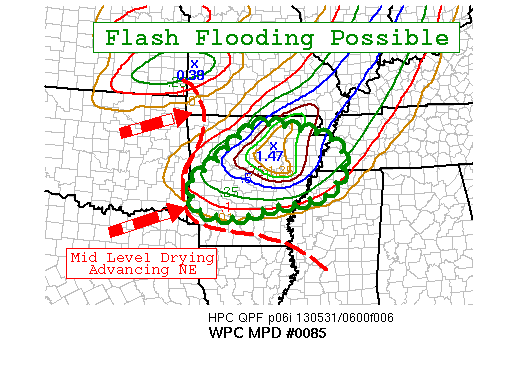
AREAS AFFECTED...CENTRAL AND NORTHEAST AR...FAR WESTERN TN...FAR
NORTHWESTERN MS

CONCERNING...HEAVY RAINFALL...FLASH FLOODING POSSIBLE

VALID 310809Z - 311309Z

SUMMARY...TRAINING STORMS WITH A RISK OF FLASH FLOODING WILL
CONTINUE THROUGH 12-13Z. EMPHASIS WILL SHIFT TOWARD EASTERN AR AND
ADJACENT TN/MS AS THE ENVIRONMENT BECOMES LESS FAVORABLE FARTHER
WEST.

DISCUSSION...THOUGH OCCURRING IN STRONG WIND FIELDS SUPPORTIVE OF
FORWARD MOTION...ONGOING STORM CLUSTERS IN SW AND NE AR HAD
ESTABLISHED COLD POOLS PERPENDICULAR TO STOUT LOW LEVEL INFLOW.
THE SITUATION SHOULD REMAIN SUPPORTIVE OF W-E TRAINING AND
ATTENDANT RISK OF FLASH FLOODING.

THE STORM CLUSTERS WERE OBSERVED BELOW THE MELTING HEIGHT FROM
KLZK AND KSRX 88DS RESPECTIVELY...LENDING GREATER TRUST TO DUAL
POL STORM TOTAL RAIN ESTIMATES OVER 3-4 INCHES AROUND VAN
BUREN/STONE COUNTIES. IN SCOTT/POLK COUNTIES...THE MID LEVEL
ENVIRONMENT IS SOMEWHAT DRIER AND HAIL HAS BEEN MORE
PREVALENT...BUT EVEN SHAVING 20-30% OFF THE DUAL POL ESTIMATES OF
7-11 INCHES WOULD YIELD TOTALS WELL OVER FLASH FLOOD
GUIDANCE...NOTING RECENT REPORT OF WATER RESCUES OCCURRING NEAR
WALDREN.

THE ENVIRONMENT WILL BECOME LESS FAVORABLE WITH TIME...ESPECIALLY
OVER SOUTHWEST AR...AS MID LEVEL SHORTWAVE AND ASCENT LIFT TOWARD
EASTERN AR. MARKED MID LEVEL DRYING IS NOTED IN RAP FORECAST
SOUNDINGS...WITH RAP AND GFS INDICATING A GRADUAL DECREASE OF PW
FROM CLOSE TO 2.0 INCHES AT 08Z IN EASTERN AR...TO SUB-1.75 INCHES
AFTER 12Z. DRYING AND ACCOMPANIED WARMING MAY CHOKE OFF THE
WESTERN ACTIVITY...BUT THIS WILL LEAVE AN UNINHIBITED INFLOW FROM
A SOURCE REGION OF AT LEAST 1000-1500 J/KG MUCAPES INTO THE
EASTERN ACTIVITY...PER SREF AND RAP CAPE FORECASTS. THUS...DESPITE
DECREASING PW...SUSPECT THAT TRAINING AND RAINFALL EFFICIENCY WILL
STILL PRODUCE IMPRESSIVE LOCAL TOTALS IN NE/E AR AND ADJACENT
AREAS TO POSSIBLY INCLUDE MEMPHIS BY DAYBREAK. SEE NESDIS SPENES
MESSAGE FOR MORE INFORMATION ON OBSERVED RAIN RATES.